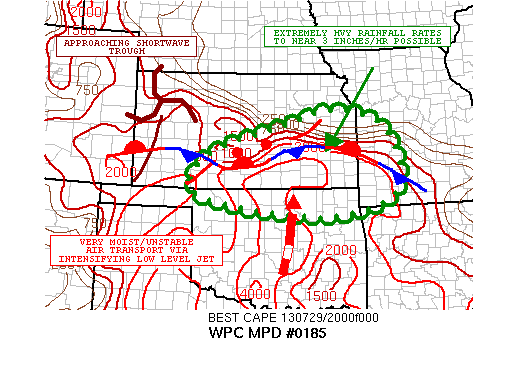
AREAS AFFECTED...SOUTHERN AND EASTERN KS...FAR NORTHERN
OK...SOUTHWESTERN MO

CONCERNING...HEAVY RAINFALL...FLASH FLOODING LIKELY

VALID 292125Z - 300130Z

SUMMARY...DEVELOPING CLUSTERS OF INTENSE CONVECTION WILL BECOME
BETTER ORGANIZED WITH TIME AND LIKELY MERGE RESULTING IN A LARGER
SCALE MESOSCALE CONVECTIVE SYSTEM BY LATER THIS EVENING. A HIGH
THREAT FOR BACK-BUILDING AND TRAINING CONVECTION WILL SUPPORT
POTENTIAL FOR A HIGH-IMPACT FLASH FLOOD EVENT THIS EVENING.

DISCUSSION...STRONG DIURNAL HEATING OVER THE S CNTRL AND SRN
PLAINS LATE THIS AFTERNOON IS RESULTING IN REGIONAL SBCAPE VALUES
OF 3500 TO 4500 J/KG...WITH A N/S ORIENTATION THAT INTERSECTS A
STRONG AND NEARLY STATIONARY FRONT SITUATED W/E ACROSS SRN KS AND
THEN EWD INTO SWRN MO. AIDING THE STRONGLY UNSTABLE AIRMASS IS A
POOL OF DEEP TROPICAL MOISTURE WHICH HAS BEEN SURGING NWD
THROUGHOUT THE DAY. IN FACT...SFC DEWPOINTS OVER CNTRL OK HAVE
REACHED THE MID 70S...AND COLUMN TPW BASED ON THE LATEST RAP
ANALYSIS IS 2.0 TO 2.2 INCHES FROM THE RED RIVER VALLEY NORTH INTO
CNTRL/ERN KS.

CONVECTION IS RAPIDLY DEVELOPING ATTM ALONG AN AGITATED CU/TCU
FIELD ACROSS SWRN/CNTRL KS AND IS BEING DYNAMICALLY SUPPORTED BY
AN APPROACHING SHORTWAVE TROUGH EXITING ERN CO AND MOVING ACROSS
WRN KS. IT IS EXPECTED THAT CONVECTION WILL INTENSIFY AND FURTHER
ORGANIZE THROUGH THE LATE-AFTERNOON AND EARLY EVENING HOURS AND
EVENTUALLY EVOLVE EASTWARD INTO MERGING AND BACK-BUILDING CLUSTERS
OF CONVECTION AS THE SHORTWAVE MOVES EAST INVOF THE FRONT. THIS
ULTIMATELY WILL LEAD TO A LARGER SCALE MCS LATER IN THE EVENING.
RAINFALL RATES OF 2 TO 3 INCHES/HR ARE EXPECTED.

LATEST RAP ANALYSIS SHOWS NEARLY PARALLEL MEAN LYR FLOW INVOF THE
AFOREMENTIONED W/E ORIENTED FRONT. THIS COUPLED WITH AN
INTERSECTING AND STRENGHTENING LOW LVL JET ALSO HIGHLY SUGGESTS A
RISK OF TRAINING CONVECTION. GIVEN THE EXPECTED RAINFALL
RATES...EXTREMELY HVY RAINFALL AMTS WILL BE POSSIBLE.

CONSEQUENTLY...THE POTENTIAL EXISTS FOR A HIGH-IMPACT FLASH FLOOD
EVENT THIS EVENING AND ESPECIALLY WITH LOCALLY WET ANTECEDENT SOIL
CONDITIONS.